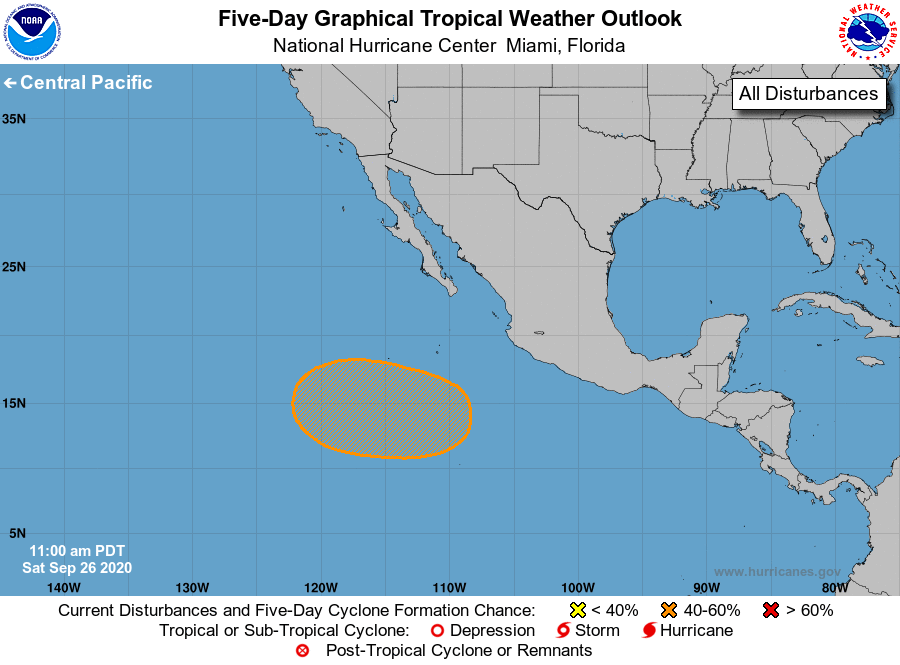
For the eastern North Pacific...east of 140 degrees west longitude:

1. An area of low pressure is expected to form well south or southwest of the southwestern coast of Mexico in two or three days. Some gradual development will be possible thereafter and a tropical depression could form by late next week while the system moves generally west-northwestward farther from land.
* Formation chance through 48 hours...low...near 0 percent.
* Formation chance through 5 days...medium...50 percent.

Forecaster Cangialosi